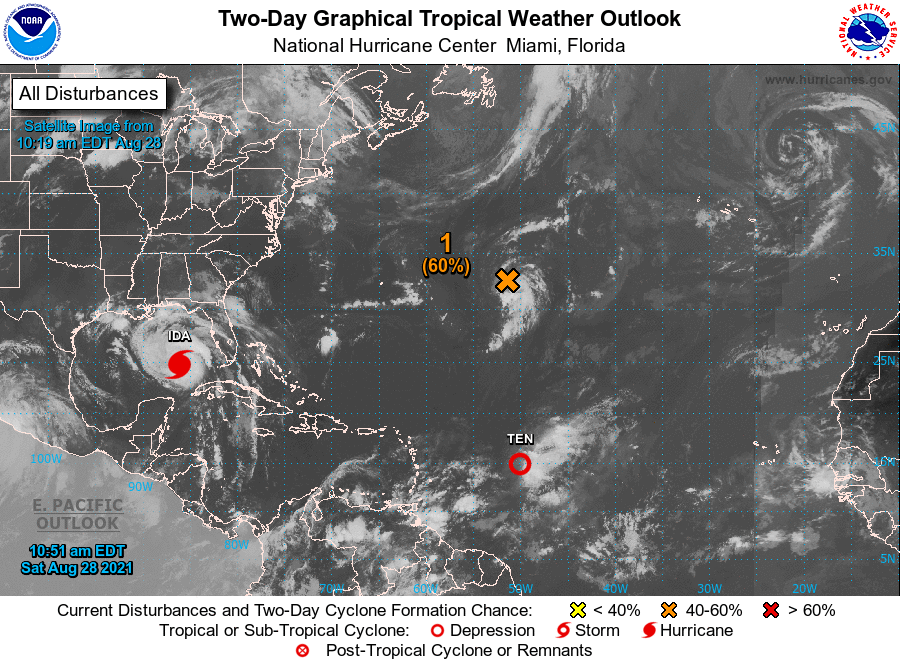
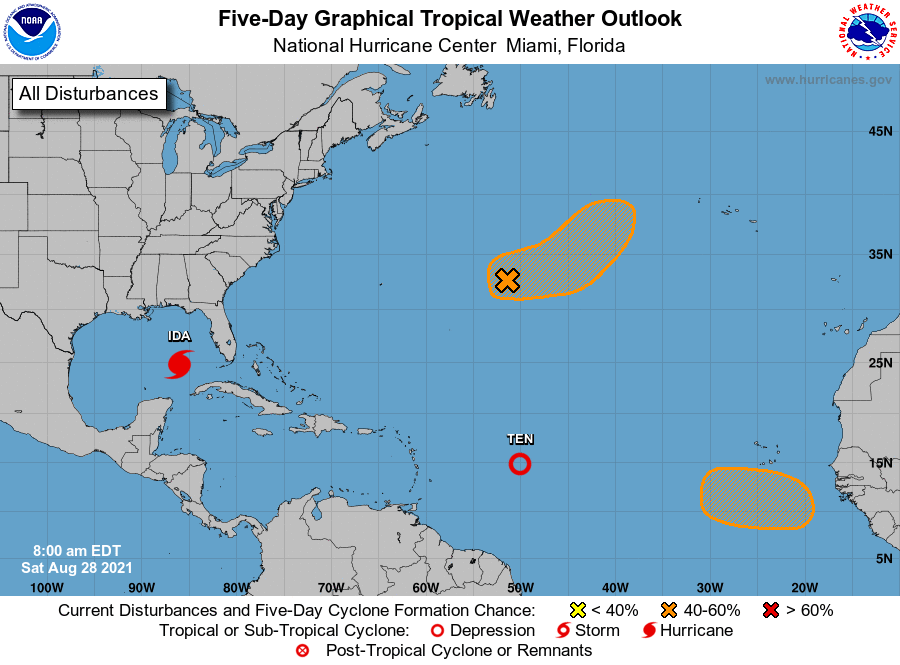
For the North Atlantic...Caribbean Sea and the Gulf of Mexico:

The National Hurricane Center is issuing advisories on Hurricane Ida, located over the southeastern Gulf of Mexico, and on newly formed Tropical Depression Ten, located over the central tropical Atlantic.

1. Showers and thunderstorms associated with an elongated area of low pressure located over the central Atlantic has become a little better organized overnight. Environmental conditions are expected to be only marginally conducive for further development. However, a tropical depression could still form wtihin the next couple of days. By midweek, the system is forecast to be absorbed by a frontal system. The disturbance is expected to drift eastward through today, then accelerate northeastward Sunday toward the central north Atlantic.
* Formation chance through 48 hours...medium...60 percent.
* Formation chance through 5 days...medium...60 percent.

2. A tropical wave is expected to emerge off the coast of west Africa by the middle of next week. Thereafter, environmental conditions appear somewhat conducive for gradual development toward the end of next week as the system moves west-northwestward to northwestward at 10 to 15 mph.
* Formation chance through 48 hours...low...near 0 percent.
* Formation chance through 5 days...medium...50 percent.

Public Advisories on Tropical Depression Ten are issued under WMO header WTNT35 KNHC and under AWIPS header MIATCPAT5. Forecast/Advisories on Tropical Depression Ten are issued under WMO header WTNT25 KNHC and under AWIPS header MIATCMAT5.

Forecaster Roberts